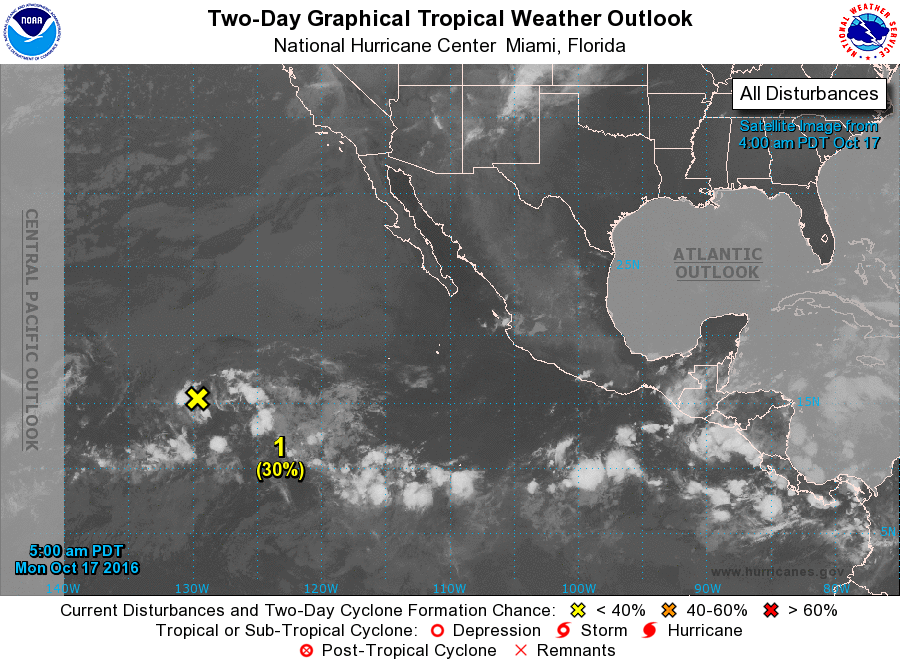
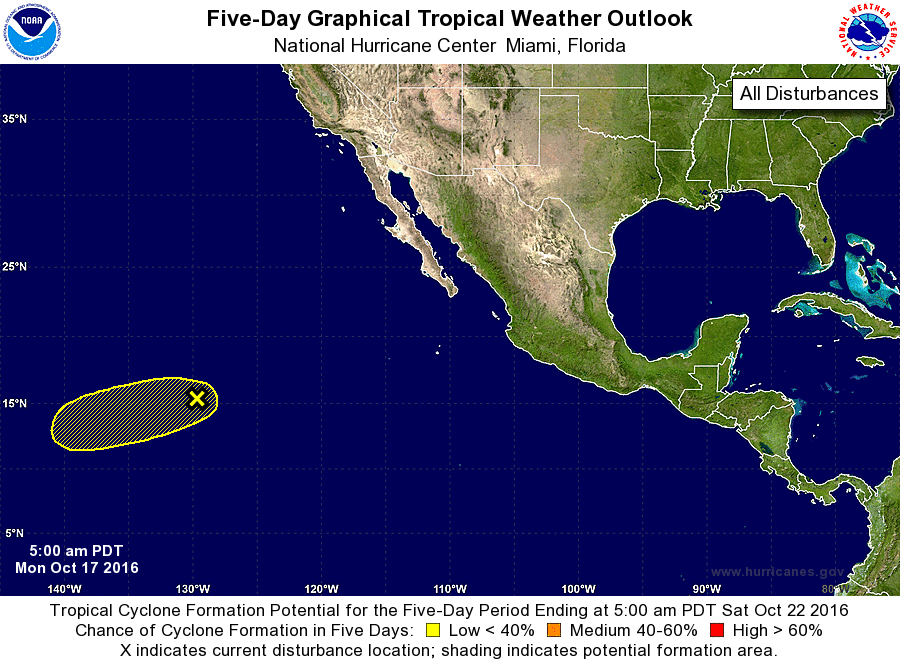
For the eastern North Pacific...east of 140 degrees west longitude:

1. A low pressure system located about 1400 miles west-southwest of the southern tip of the Baja California peninsula continues to produce scattered showers and thunderstorms. Some slow development of this system is possible during the next couple of days before environmental conditions become less conducive. The disturbance is forecast to move west-southwestward at about 10 mph during the next few days.
* Formation chance through 48 hours...low...30 percent
* Formation chance through 5 days...low...30 percent

Forecaster Cangialosi